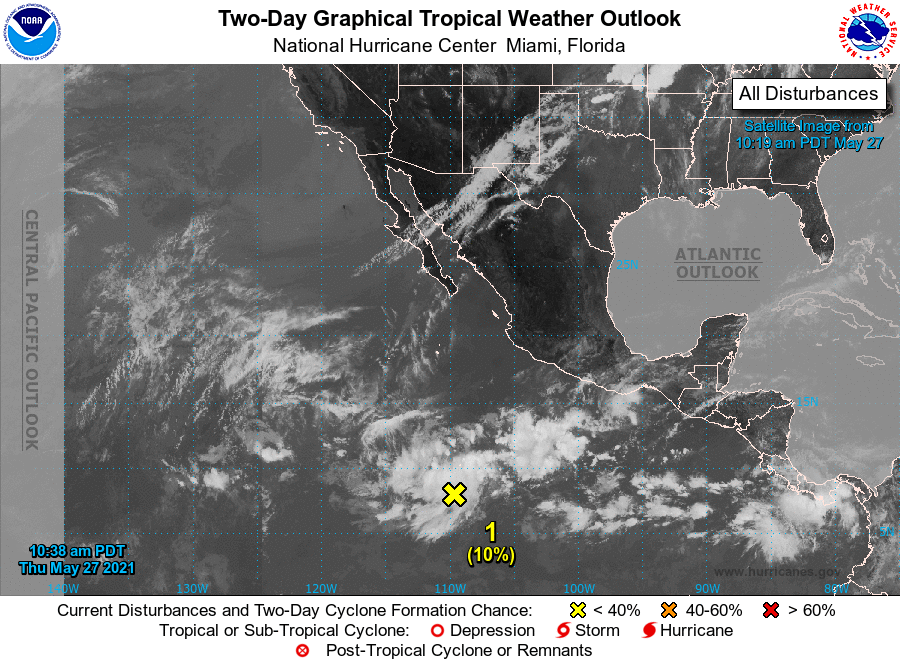
For the eastern North Pacific...east of 140 degrees west longitude:

1. A broad area of low pressure located about a thousand miles south of the southern tip of the Baja California peninsula is producing disorganized shower and thunderstorm activity. Environmental conditions appear only marginally conducive for development of this system as it moves westward or west-northwestward at about 10 mph.
* Formation chance through 48 hours...low...10 percent.
* Formation chance through 5 days...low...20 percent.

2. Another area of low pressure is expected to form several hundred miles south of the coast of southeastern Mexico by this weekend. Environmental conditions appear favorable for some gradual development of this system as it moves generally westward at 5 to 10 mph.
* Formation chance through 48 hours...low...near 0 percent.
* Formation chance through 5 days...low...30 percent.

Forecaster Berg